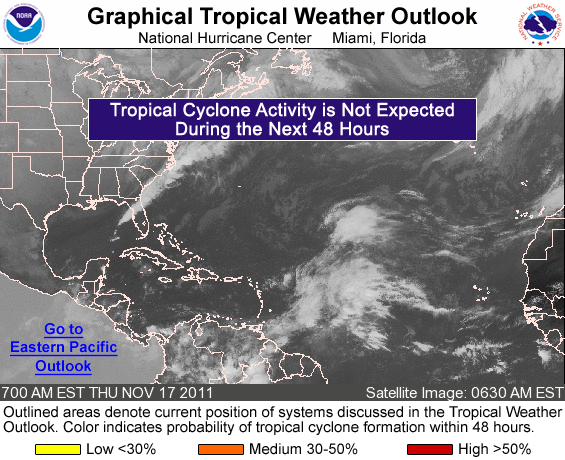
FOR THE NORTH ATLANTIC...CARIBBEAN SEA AND THE GULF OF MEXICO...

TROPICAL CYCLONE FORMATION IS NOT EXPECTED DURING THE NEXT 48 HOURS.

FORECASTER CANGIALOSI